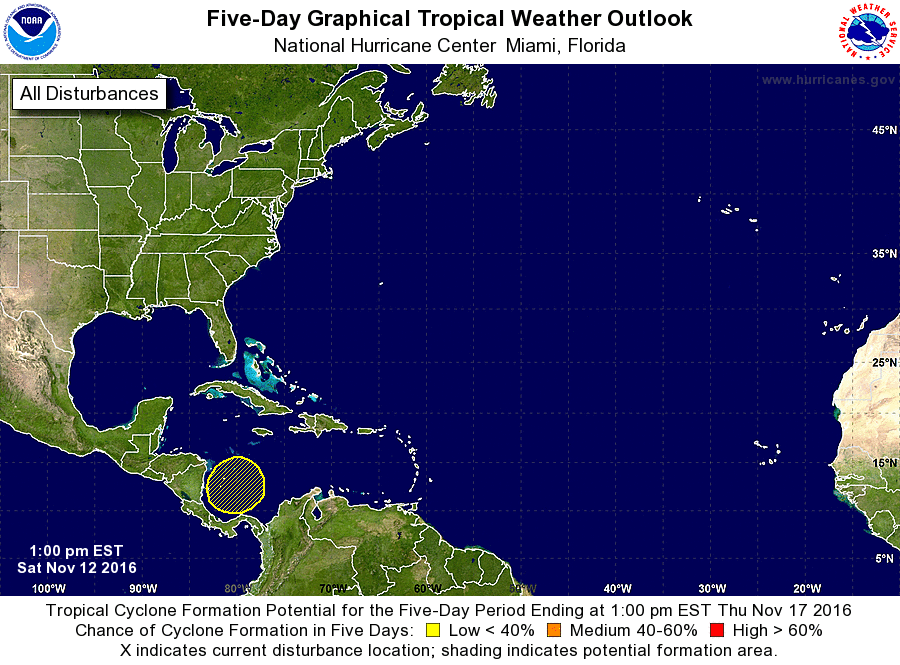
For the North Atlantic...Caribbean Sea and the Gulf of Mexico:

1. A broad area of low pressure is expected to form over the southwestern Caribbean Sea by early next week. Environmental conditions appear to be conducive for gradual development of this system while it drifts northward or northeastward.
* Formation chance through 48 hours...low...near 0 percent
* Formation chance through 5 days...low...30 percent

Forecaster Stewart